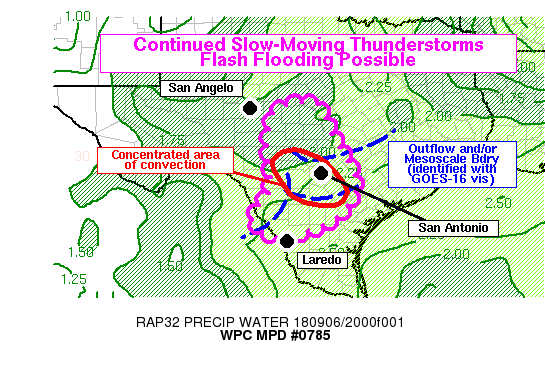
Areas affected...South-Central Texas

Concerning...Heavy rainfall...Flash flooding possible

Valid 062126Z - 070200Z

Summary...Slow-moving thunderstorms are likely to linger at least
for a few more hours in south-central Texas, and may be
particularly concentrated near the greater San Antonio area. Rain
rates of 1-2 in/hr will be common with the thunderstorms and heavy
rain bands, with localized rain rates of 2-3 in/hr possible. This
could lead to flash flooding, particularly in the area near and
northwest of San Antonio where soil moisture is higher due to
recent rainfall.

Discussion...A large area of relatively disorganized convection
was affecting much of Texas this afternoon with at least moderate
instability and elevated precipitable water values over much of
the state. A more concentrated area of convection was developing
in south-central Texas near San Antonio, where some slow-moving
and colliding outflow boundaries were acting to increase low-level
convergence. These thunderstorms were situated on the cusp of some
deeper moisture (GPS-PW observations 2.2 to 2.3 inches), and that
should yield some efficient rainfall production. MRMS rain rate
estimates were as high as 2-3 in/hr in some areas. The convection
was also becoming more concentrated in an area of reduced flash
flood guidance near and just W/NW of San Antonio. There has been
heavy rainfall in the past week in those areas (as much as 5-10
inches of rain), and the National Water Model indicates higher
soil moisture in the top 40cm in that same area. Therefore, the
antecedent conditions are also somewhat favorable for flash
flooding in the same area. Given that outflow boundaries are
driving some of the increase in convective coverage, the
concentrated area of convection may not linger for a long period
of time, but even a couple hours of heavy rain could be sufficient
to cause flash flooding. Elsewhere, further to the north in Texas
Hill Country and to the south toward Laredo, convective coverage
was not as high, but sufficient moisture and instability existed
for redevelopment of convection. Therefore, these areas have also
been highlighted for the possibility of flash flooding, even
though the near term (21-00Z) risk is highest in the greater San
Antonio area.